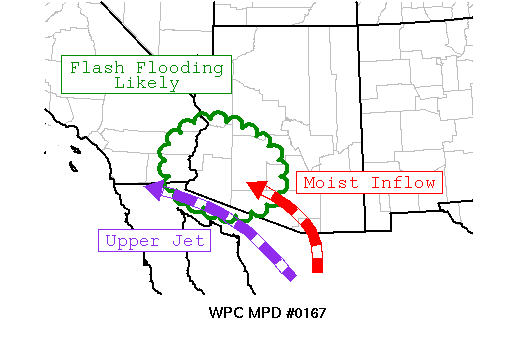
AREAS AFFECTED......SOUTHWEST ARIZONA/SOUTHERN CALIFORNIA...

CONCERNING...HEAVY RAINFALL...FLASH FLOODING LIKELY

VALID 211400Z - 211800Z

SUMMARY...RAINFALL RATES OF 1 TO 2 INCHES PER HOUR RESULTING FROM
CONTINUOUS DEEP CONVECTION WILL RESULT IN EXCESSIVE RAINFALL
ACROSS PORTIONS OF SOUTHWEST ARIZONA AND SOUTHERN CALIFORNIA
THROUGH THE MORNING.

DISCUSSION...DEEP CONVECTION CONTINUES TO EXPAND ACROSS THE
HIGHLIGHTED AREA IN RESPONSE TO THE STRONGLY CURVING UPPER JET
BETWEEN AN UPPER LOW NEAR BAJA CALIFORNIA AND AN UPPER HIGH NEAR
THE FOUR CORNERS REGION.  REGIONAL 12Z RAOBS AND GOES SOUNDER
IMAGERY INDICATE PRECIPITABLE WATER VALUES OF 1.75 TO NEAR OR
SLIGHTLY HIGHER THAN 2 INCHES.  INFRARED SATELLITE IMAGERY LOOPS
HAVE RECENTLY SHOWN RAPID CLOUD TOP COOLING WITH THE COLDEST TOPS
IN EXCESS OF 70 CELSIUS WITH BOTH MANUAL AND AUTOMATED TECHNIQUES
SUGGESTING LOCALIZED RAINFALL RATES POSSIBLY IN EXCESS OF 2 INCHES
PER HOUR.  GIVEN NEARLY UNIDIRECTIONAL WIND PROFILES AND THE MOIST
AND UNSTABLE ENVIRONMENT...QUASI-STATIONARY OR BACK-BUILDING CELL
DEVELOPMENT WILL REMAIN LIKELY AS THE DIFFLUENT UPPER JET
CONTINUES TO GENERATE LARGE-SCALE ASCENT OVER THE REGION.  BASED
ON THE LATEST OBSERVATIONAL TRENDS...SOME LOCATIONS MAY RECEIVE
RAINFALL AMOUNTS IN EXCESS OF 3 TO 4 INCHES...POSSIBLY MORE IN
JUST A FEW HOURS OR LESS....WHICH WOULD GREATLY EXCEED FLASH FLOOD
GUIDANCE VALUES.